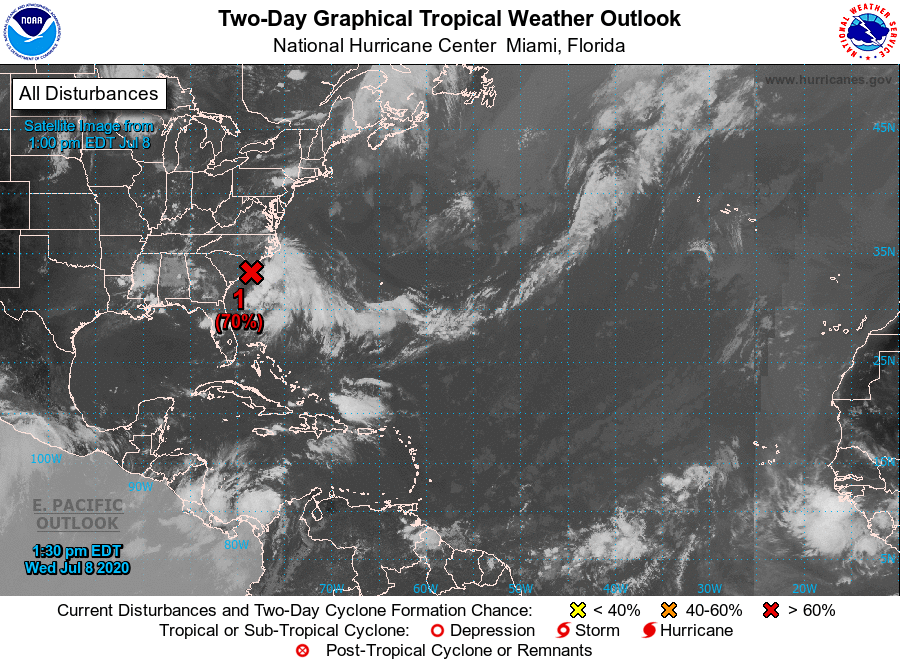
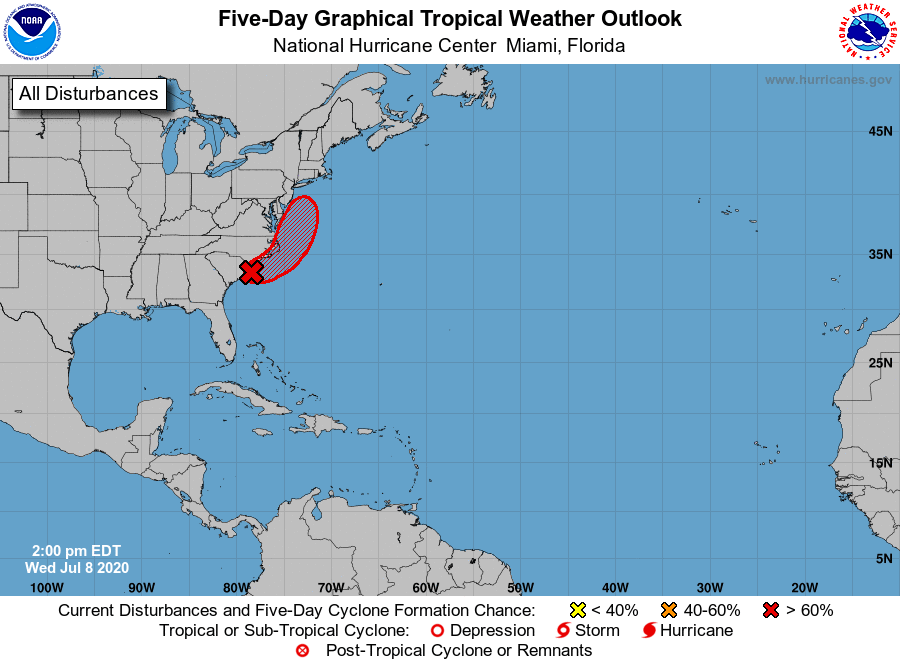
For the North Atlantic...Caribbean Sea and the Gulf of Mexico:

1. A broad area of low pressure located near the coast of northeastern South Carolina continues to produce a large area of disorganized showers and thunderstorms over the adjacent Atlantic waters and portions of eastern North Carolina. The low is expected to move northeastward near or just offshore of the North Carolina Outer Banks on Thursday, and then turn north-northeastward and move along the mid-Atlantic coast Friday. Environmental conditions are expected to be conducive for development, and a tropical or subtropical cyclone is likely to form within the next day or so. Regardless of development, the system is expected to produce locally heavy rainfall that could cause some flash flooding across portions of eastern North Carolina, the coastal mid-Atlantic, and southern New England during the next few days. Gusty winds are also possible along the North Carolina Outer Banks through Thursday and along the mid-Atlantic and southern New England coasts Friday and Saturday. Interests in these areas should monitor the progress of this system and refer to products from your local National Weather Service office.
* Formation chance through 48 hours...high...70 percent.
* Formation chance through 5 days...high...70 percent.

Forecaster Brown